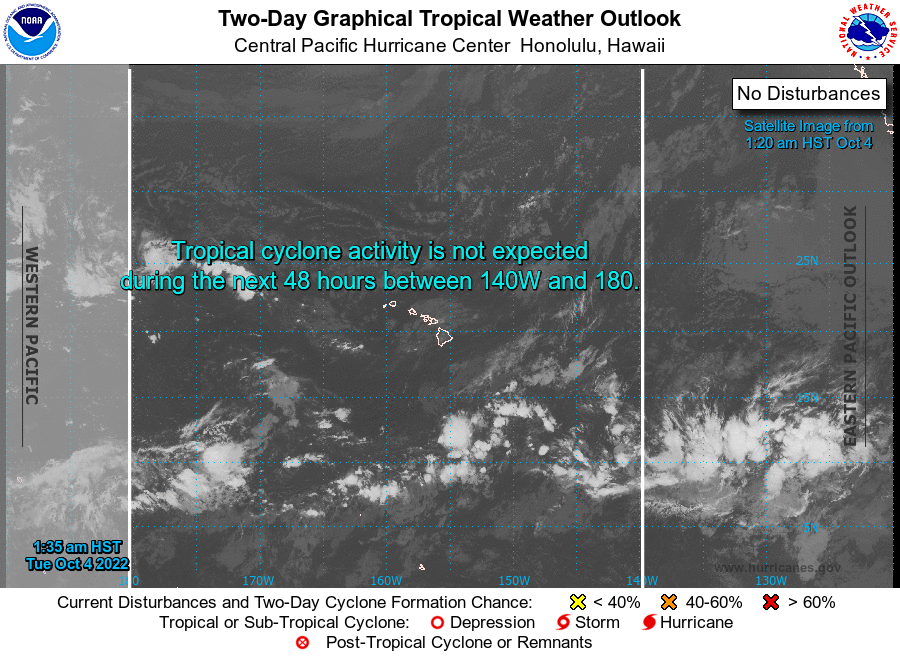
For the central North Pacific...between 140W and 180W:

No tropical cyclones are expected during the next 5 days.

Forecaster Kinel